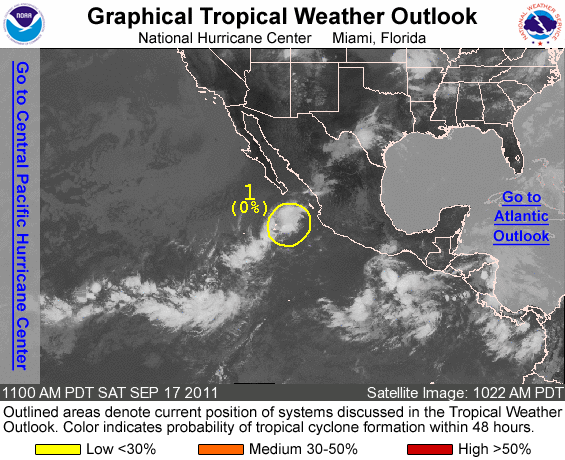
FOR THE EASTERN NORTH PACIFIC...EAST OF 140 DEGREES WEST LONGITUDE..

1. THE CIRCULATION OF THE SMALL AREA OF LOW PRESSURE LOCATED A FEW HUNDRED MILES WEST OF MANZANILLO MEXICO HAS BECOME LESS DEFINED DURING THE PAST FEW HOURS. DEVELOPMENT OF THIS SYSTEM IS NOT EXPECTED AS IT CONTINUES TO INTERACT WITH A LARGER DISTURBANCE TO ITS SOUTHWEST. THIS SYSTEM HAS A LOW CHANCE...NEAR 0 PERCENT...OF BECOMING A TROPICAL CYCLONE DURING THE NEXT 48 HOURS AS IT MOVES WESTWARD AT 10 TO 15 MPH.

ELSEWHERE...TROPICAL CYCLONE FORMATION IS NOT EXPECTED DURING THE NEXT 48 HOURS.

FORECASTER CANGIALOSI